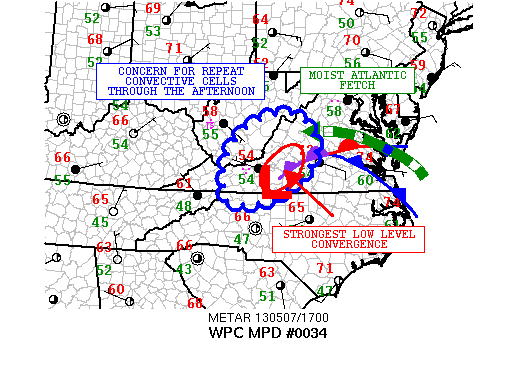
AREAS AFFECTED...SOUTHEAST WV...SOUTHWEST VA...EXTREME NORTHWEST
NC

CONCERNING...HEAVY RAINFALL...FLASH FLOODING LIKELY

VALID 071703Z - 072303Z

SUMMARY...INCREASING THREAT FOR FLASH FLOODING THROUGH THE
AFTERNOON AS ONGOING CONVECTION SHOULD BE SUSTAINABLE AND MAY
INCREASE IN COVERAGE AND ORGANIZATION.

DISCUSSION...LATEST VIS SATELLITE IMAGERY SHOWS INCREASINGLY
WELL-DEFINED CLOUD STREETS OVER SERN VA AS THIS REGION HAS CLEARED
OUT AND IS BECOMING INCREASINGLY UNSTABLE THROUGH AN INCREASE IN
DIURNAL HEATING. FACILITATING THE INCREASE IN SFC-BASED
INSTABILITY IS A NARROW PLUME OF HIGHER DEWPOINTS INVOF A FRONT
WHICH ARE GENERALLY IN THE LOW 60S ATTM. THE INCREASING MOIST AND
UNSTABLE LOW LEVELS WILL BE ADVECTED WEST THROUGH THE AFTERNOON
AROUND A DEEP AREA OF LOW PRESSURE FOCUSED SOUTH OF ROA. MORE
NOTABLE IS THAT THESE STRONGER THERMODYNAMICS WILL BE ADVANCING
INTO AN AREA OF ALREADY RATHER STRONG LOW LEVEL CONVERGENCE...AND
SHOULD HELP TO SUSTAIN OR ENHANCE THE COVERAGE OF ONGOING
CONVECTION DESPITE ITS ELEVATED NATURE OVER SOUTHWEST VA AND
SOUTHEAST WV. GIVEN EXPECTED RAINFALL RATES OF 1 INCH/HR OVER
SATURATED SOIL...AND THE EXPECTATION OF REPEATING AND POTENTIAL
TRAINING OF CONVECTIVE CELLS...THE THREAT FOR FLASH FLOODING
SHOULD INCREASE AND ESPECIALLY OVER HIGHER TERRAIN WHERE
OROGRAPHICS WILL HELP TO ENHANCE THE RAINFALL RATES.